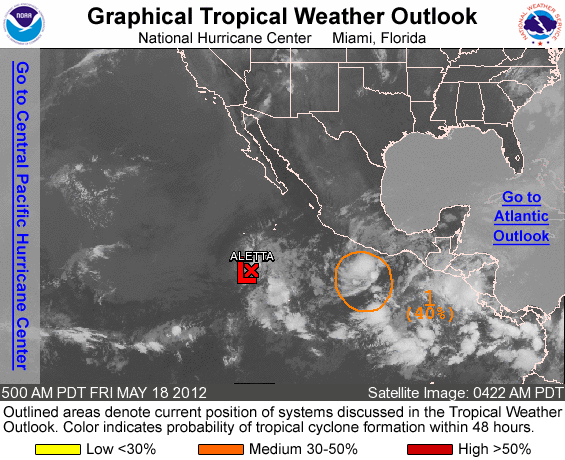
FOR THE EASTERN NORTH PACIFIC...EAST OF 140 DEGREES WEST LONGITUDE..

THE NATIONAL HURRICANE CENTER IS ISSUING ADVISORIES ON TROPICAL DEPRESSION ALETTA...LOCATED ABOUT 680 MILES SOUTH-SOUTHWEST OF THE SOUTHERN TIP OF BAJA CALIFORNIA.

1. SHOWER ACTIVITY ASSOCIATED WITH A LOW PRESSURE AREA CENTERED SEVERAL HUNDRED MILES SOUTH OF ACAPULCO MEXICO HAS CHANGED LITTLE IN ORGANIZATION DURING THE PAST SEVERAL HOURS. CONDITIONS APPEAR CONDUCIVE FOR SLOW DEVELOPMENT...AND THIS SYSTEM HAS A MEDIUM CHANCE...40 PERCENT...OF BECOMING A TROPICAL CYCLONE DURING THE NEXT 48 HOURS.

ELSEWHERE...TROPICAL CYCLONE FORMATION IS NOT EXPECTED DURING THE NEXT 48 HOURS.

FORECASTER BEVEN